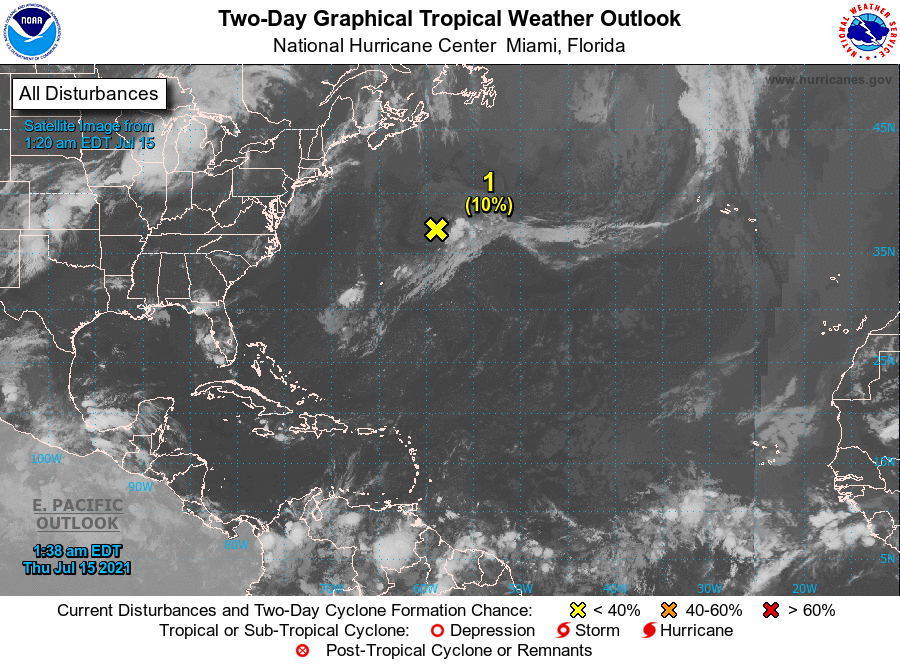
For the North Atlantic...Caribbean Sea and the Gulf of Mexico:

1. Shower activity associated with a non-tropical area of low pressure, located several hundred miles south-southwest of Cape Race, Newfoundland, has increased a little since yesterday. However, environmental conditions are only marginally conducive, and little additional development is expected while the low moves little over the next day or so. On Friday, the low is expected to accelerate northeastward and open up into a trough of low pressure to the south of Atlantic Canada. Additional information on this system can be found in High Seas Forecasts issued by the National Weather Service.
* Formation chance through 48 hours...low...10 percent.
* Formation chance through 5 days...low...10 percent.

High Seas Forecasts issued by the National Weather Service can be found under AWIPS header NFDHSFAT1, WMO header FZNT01 KWBC, and online at ocean.weather.gov/shtml/NFDHSFAT1.php

Forecaster Beven